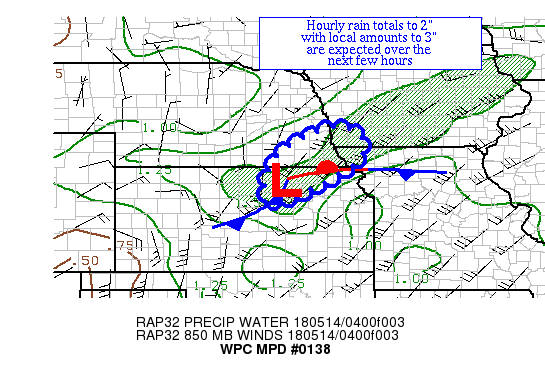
AREAS AFFECTED...NORTHEAST KS, SOUTHEAST NE, & VICINITY

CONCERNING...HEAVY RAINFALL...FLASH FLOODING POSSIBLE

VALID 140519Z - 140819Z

SUMMARY...THUNDERSTORMS ARE BEGINNING TO ALIGN NORTHEAST OF A
FRONTAL WAVE.  HOURLY RAIN TOTALS TO 2" WITH LOCAL AMOUNTS TO 3"
ARE EXPECTED.

DISCUSSION...THUNDERSTORMS ARE STARTING TO SHOW TRAINING CHARACTER
ACROSS NORTHEAST KS AND SOUTHEAST NE NORTHEAST OF A FRONTAL WAVE
AND NEAR A NOW OBSCURED SHORTWAVE PREVIOUSLY SEEN ON WATER VAPOR
IMAGERY.  PRECIPITABLE WATER VALUES ARE NEAR 1.5" PER GPS DATA.
WINDS AT 850 ARE SOUTH-SOUTHWEST AT 30 KTS PER VAD WIND PROFILES.
THE STORMS ARE MOVING THROUGH AN ENVIRONMENT WITH 2000-3000 J/KG
OF MU CAPE AND EFFECTIVE BULK SHEAR AROUND 25 KTS PER SPC
MESOANALYSES.

HRRR GUIDANCE ONCE HAD AN INDICATION OF THIS DEVELOPMENT, BUT LOST
IT IN RECENT RUNS.  HOURLY RAIN TOTALS TO 2" WITH LOCAL AMOUNTS TO
3" ARE ANTICIPATED.  CELL TRAINING AND MERGERS ARE EXPECTED TO BE
THE MAIN HEAVY RAIN THREAT.  SHOULD THE TRAINING BAND LENGTHEN ANY
FURTHER, HIGHER TOTALS WOULD BE POSSIBLE.  THE MESOSCALE GUIDANCE
WITH CONVECTION IN THIS AREA SUGGESTS A HORIZON OF 08Z FOR ISSUES,
NEAR THE TIME WHEN 850 HPA WINDS VEER, SO CHOSE A THREE HOUR
WINDOW.